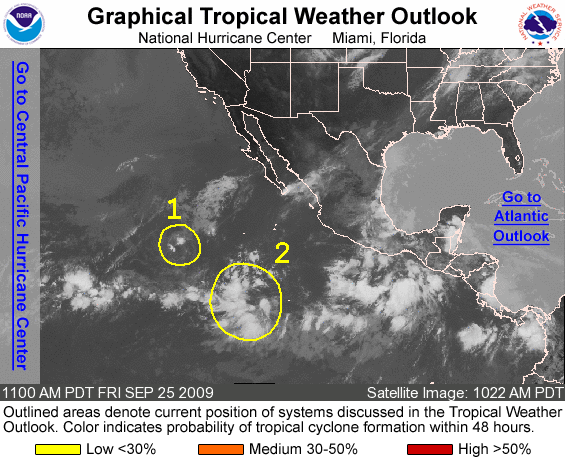
FOR THE EASTERN NORTH PACIFIC...EAST OF 140 DEGREES WEST LONGITUDE..

1. THE REMNANTS OF TROPICAL DEPRESSION NORA ARE LOCATED ABOUT 960 MILES WEST-SOUTHWEST OF THE SOUTHERN TIP OF BAJA CALIFORNIA. REGENERATION OF THIS SYSTEM IS NOT EXPECTED. FOR ADDITIONAL INFORMATION ON THE REMNANTS OF NORA...PLEASE SEE HIGH SEAS FORECASTS ISSUED BY THE NATIONAL WEATHER SERVICE UNDER AWIPS HEADER NFDHSFEPI AND WMO HEADER FZPN02 KWBC. THERE IS A LOW CHANCE...LESS THAN 30 PERCENT...OF THIS SYSTEM BECOMING A TROPICAL CYCLONE DURING THE NEXT 48 HOURS.

2. A BROAD AREA OF LOW PRESSURE LOCATED ABOUT 800 MILES SOUTHWEST OF MANZANILLO MEXICO IS PRODUCING DISORGANIZED SHOWERS AND THUNDERSTORMS. SOME SLOW DEVELOPMENT OF THIS SYSTEM IS POSSIBLE OVER THE NEXT COUPLE OF DAYS AS IT MOVES WEST-NORTHWESTWARD AT 5 TO 10 MPH. THERE IS A LOW CHANCE...LESS THAN 30 PERCENT...OF THIS SYSTEM BECOMING A TROPICAL CYCLONE DURING THE NEXT 48 HOURS.

ELSEWHERE...TROPICAL CYCLONE FORMATION IS NOT EXPECTED DURING THE NEXT 48 HOURS.

FORECASTER CANGIALOSI/BEVEN